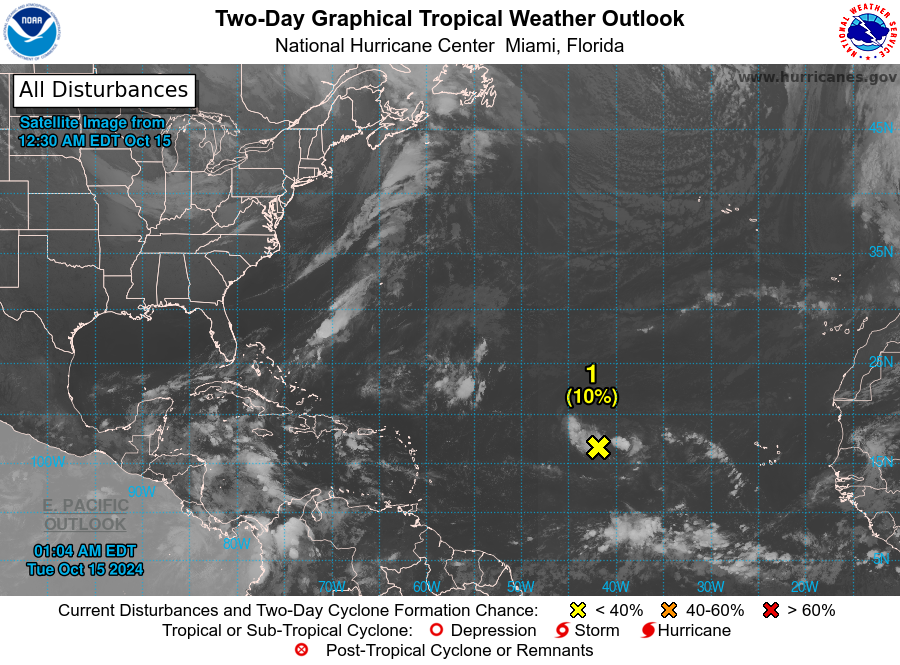
For the North Atlantic...Caribbean Sea and the Gulf of Mexico:

1. Central Tropical Atlantic (AL94): A well-defined area of low pressure located over the central tropical Atlantic is producing occasional showers and thunderstorms. This system remains embedded in a dry air environment, and development is unlikely over the next couple of days. However, this system is forecast to move generally westward and environmental conditions are expected to become more favorable for gradual development by the middle to latter part of this week. A tropical depression could form as the system begins moving west-northwestward and approaches or moves near the Leeward Islands late this week.
* Formation chance through 48 hours...low...10 percent.
* Formation chance through 7 days...medium...60 percent.

2. Western Caribbean Sea: A broad area of low pressure could develop over the southwestern Caribbean Sea by the middle to latter portions of this week. Some gradual development is possible thereafter if the system stays over water while it moves slowly west-northwestward towards northern Central America. Regardless of development, locally heavy rainfall is possible across portions of Central America later this week.
* Formation chance through 48 hours...low...near 0 percent.
* Formation chance through 7 days...low...30 percent.

Forecaster Beven